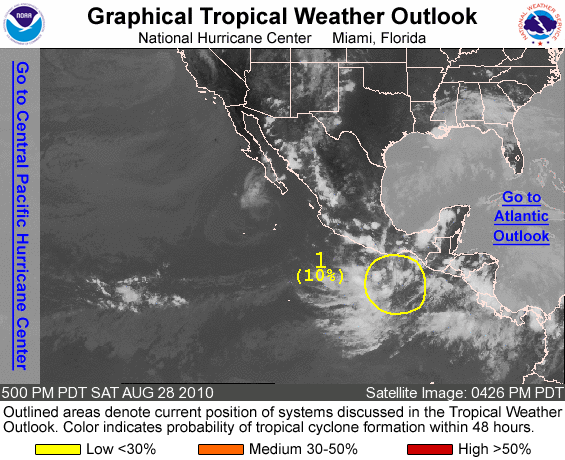
FOR THE EASTERN NORTH PACIFIC...EAST OF 140 DEGREES WEST LONGITUDE..

1. A WEAK AREA OF LOW PRESSURE LOCATED SEVERAL HUNDRED MILES SOUTHEAST OF ACAPULCO MEXICO HAS CHANGED LITTLE IN ORGANIZATION THIS EVENING. SOME SLOW DEVELOPMENT IS POSSIBLE OVER THE NEXT SEVERAL DAYS AS THE SYSTEM MOVES TO THE WEST-NORTHWEST AT 10 TO 15 MPH. THERE IS A LOW CHANCE...10 PERCENT...OF THIS SYSTEM BECOMING A TROPICAL CYCLONE DURING THE NEXT 48 HOURS.

ELSEWHERE...TROPICAL CYCLONE FORMATION IS NOT EXPECTED DURING THE NEXT 48 HOURS.

FORECASTER BLAKE